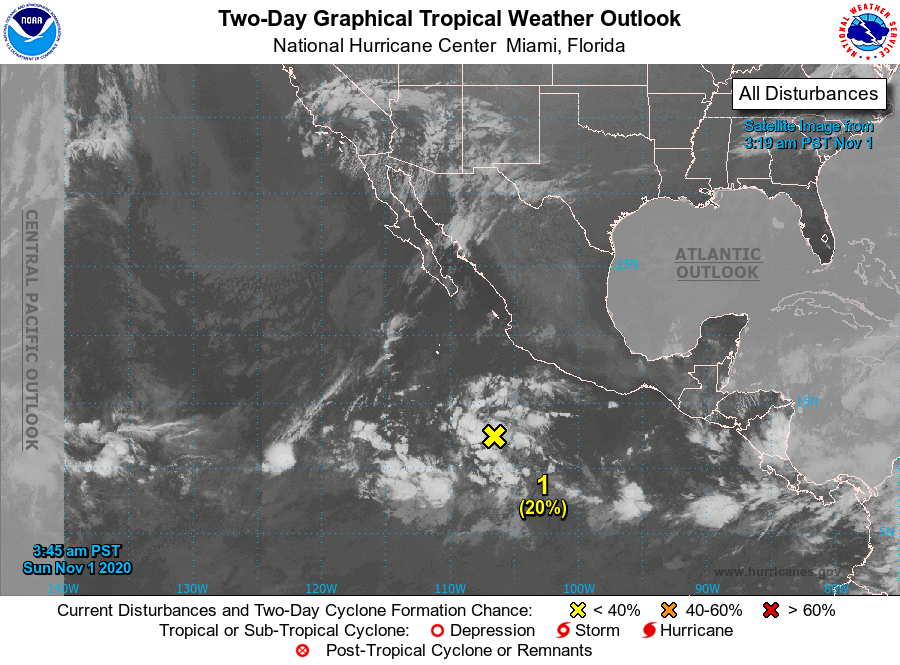
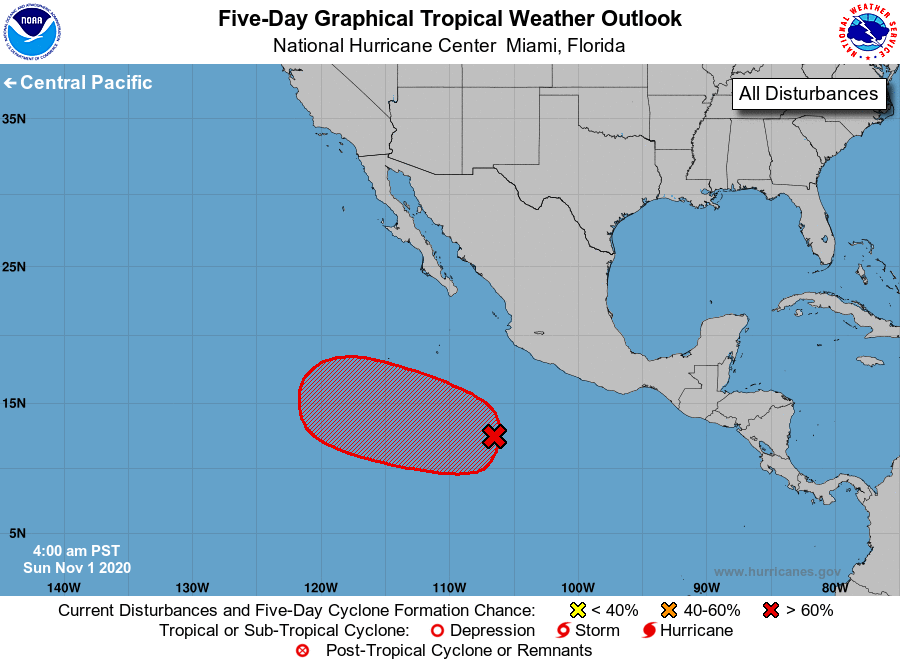
For the eastern North Pacific...east of 140 degrees west longitude:

1. Disorganized showers and thunderstorms located several hundred miles southwest of the coast of southern Mexico are associated with a trough of low pressure. Environmental conditions appear favorable for gradual development, and a tropical depression is likely to form by the middle of the week as the system moves westward to west-northwestward over the eastern Pacific.
* Formation chance through 48 hours...low...20 percent.
* Formation chance through 5 days...high...70 percent.

Forecaster Reinhart/Berg